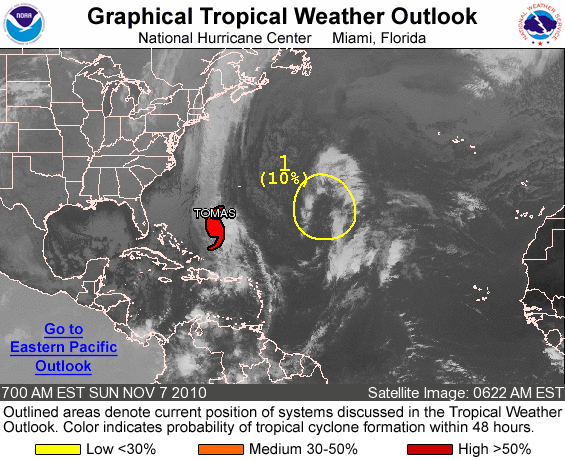
FOR THE NORTH ATLANTIC...CARIBBEAN SEA AND THE GULF OF MEXICO...

THE NATIONAL HURRICANE CENTER IS ISSUING ADVISORIES ON HURRICANE TOMAS...LOCATED ABOUT 485 MILES SOUTH-SOUTHWEST OF BERMUDA.

1. A SURFACE TROUGH LOCATED ABOUT 800 MILES EAST-SOUTHEAST OF BERMUDA AND AN UPPER-LEVEL LOW ARE PRODUCING A LARGE AREA OF CLOUDINESS AND THUNDERSTORMS. DEVELOPENT OF THIS DISTURBANCE APPEARS UNLIKELY BEFORE IT MOVES OVER COOLER WATERS AND INTERACTS WITH A FRONTAL BOUNDARY IN A DAY OR SO. THERE IS A LOW CHANCE...10 PERCENT...OF THIS SYSTEM BECOMING A SUBTROPICAL OR TROPICAL CYCLONE DURING THE NEXT 48 HOURS AS IT MOVES NORTHWESTWARD AT 15 TO 20 MPH.

ELSEWHERE...TROPICAL CYCLONE FORMATION IS NOT EXPECTED DURING THE NEXT 48 HOURS.

FORECASTER CANGIALOSI/BROWN